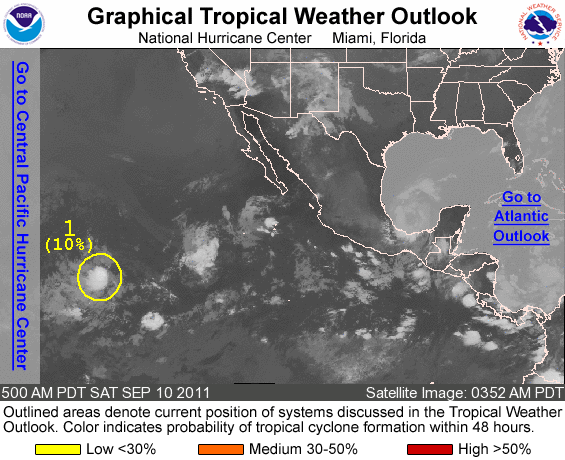
FOR THE EASTERN NORTH PACIFIC...EAST OF 140 DEGREES WEST LONGITUDE..

1. A WEAK AREA OF LOW PRESSURE LOCATED ABOUT 1550 MILES WEST-SOUTHWEST OF THE SOUTHERN TIP OF BAJA CALIFORNIA IS PRODUCING DISORGANIZED SHOWER AND THUNDERSTORM ACTIVITY. ANY DEVELOPMENT OF THIS SYSTEM SHOULD BE SLOW TO OCCUR AS IT MOVES LITTLE OVER THE NEXT COUPLE OF DAYS. THIS SYSTEM HAS A LOW CHANCE...10 PERCENT...OF BECOMING A TROPICAL CYCLONE DURING THE NEXT 48 HOURS.

ELSEWHERE...TROPICAL CYCLONE FORMATION IS NOT EXPECTED DURING THE NEXT 48 HOURS.

FORECASTER BRENNAN